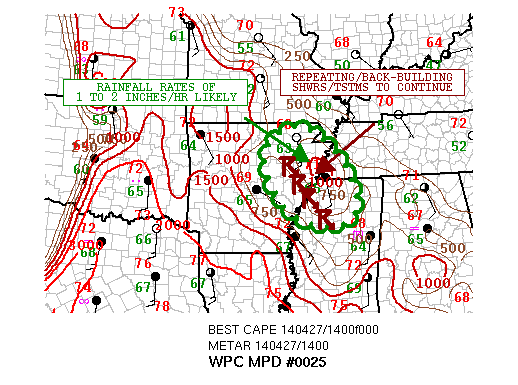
AREAS AFFECTED...NORTHEAST AR...SOUTHWEST TN...NORTHWEST MS

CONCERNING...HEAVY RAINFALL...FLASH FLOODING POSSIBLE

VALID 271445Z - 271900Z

SUMMARY...REPEATING/BACK-BUILDING THUNDERSTORMS TO INCREASE THE
FLASH FLOOD THREAT THROUGH MID-AFTERNOON.

DISCUSSION...THE LATEST IR SAT IMAGERY SHOWS ALREADY AN ACTIVE
AREA OF HVY SHWRS/TSTMS IMPACTING PORTIONS OF ERN AR AND CNTRL/NRN
MS. MUCH OF THE CONVECTION IS ELEVATED IN NATURE AND ASSOCD WITH A
WARM FRONT LIFTING NEWD ACROSS THE REGION.

THE LATEST GOES-SOUNDER DATA SHOWS A VERY UNSTABLE AIRMASS POOLING
OVER SRN AR/LA JUST OFF THE SURFACE WITH LI/S AS LOW AS -10 OVER
NRN LA. WHILE THE LATEST VIS DEPICTS PLENTY OF SHALLOW WAVE/BILLOW
CLOUDS INDICATIVE OF SFC-BASED CIN...STRONG DIURNAL HEATING WILL
ENSUE AND SHOULD ERODE ANY REMAINING CIN THROUGH MIDDAY AND THIS
AFTERNOON. THE STRONG TRANSPORT OF LOW TO MID LVL
MOISTURE/INSTABILITY INTO THE WARM FRONT AND APPROACH OF THE
STRONG UPR LOW MOVING OUT INTO WRN KS SHOULD FOSTER A FAVORABLE
ENVIRONMENT FOR SUSTAINABLE CONVECTION INVOF THE FRONT. WARM
SECTOR CONVECTIVE DEVELOPMENT WILL BE LIKELY LATER IN THE DAY AND
THIS MAY INTERSECT OR OVERRUN AREAS THAT HAVE ALREADY SEEN HVY
RAINS THIS MORNING.

THEREFORE THE FLASH FLOOD THREAT APPEARS TO BE INCREASING WITH
TIME...AND WILL BECOME ESPECIALLY A CONCERN THIS AFTERNOON AS
CONVECTION BECOMES EVEN MORE ORGANIZED. SEVERAL INCHES OF RAIN IN
A SHORT PERIOD OF TIME WILL BE POSSIBLE. WILL CONTINUE TO MONITOR.